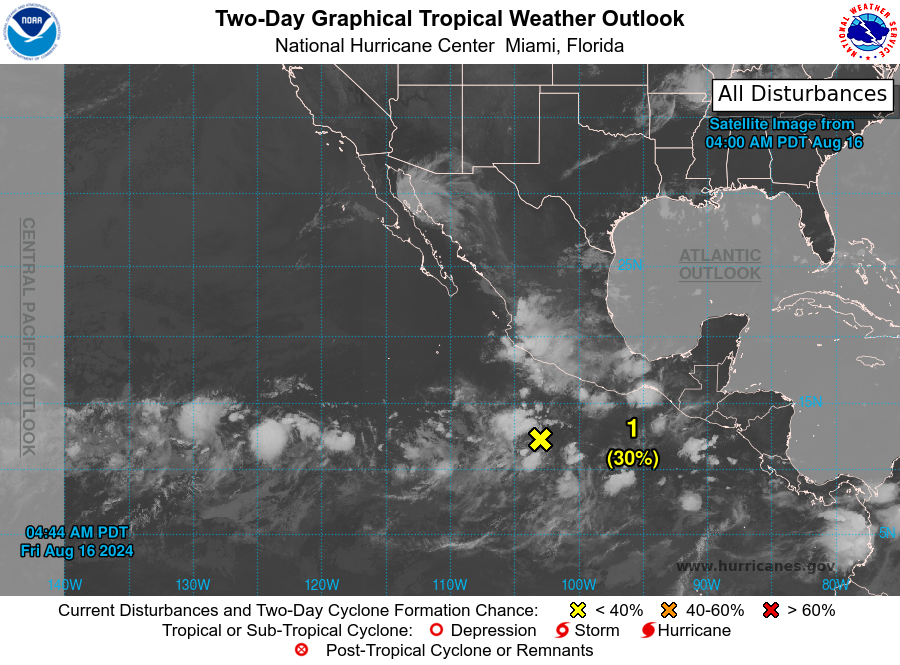
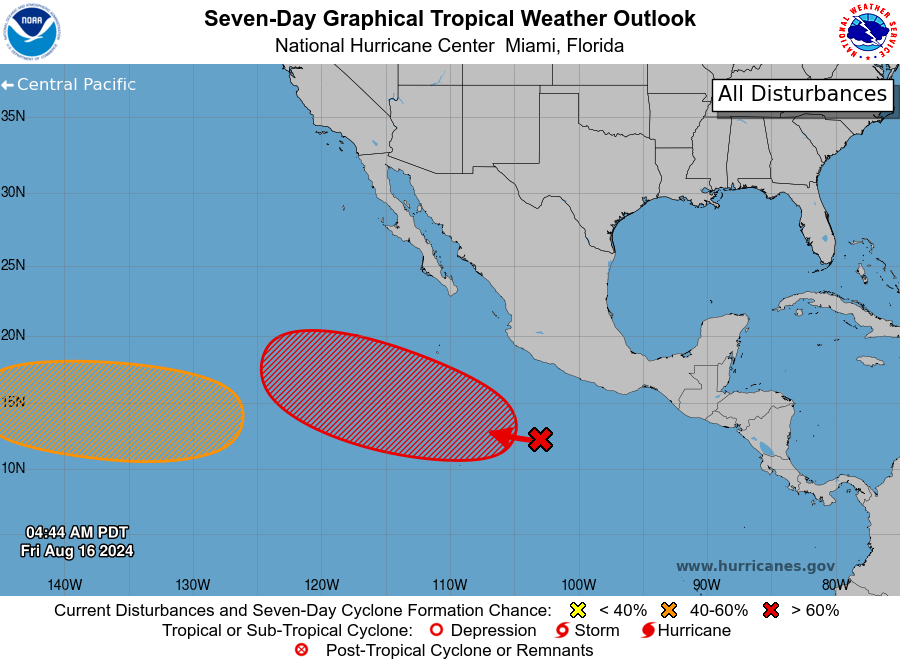
For the eastern North Pacific...east of 140 degrees west longitude:

1. Offshore of Southwestern Mexico: A large area of disorganized showers and thunderstorms located a few hundred miles south of the southwestern coast of Mexico are associated with a tropical wave. Environmental conditions appear conducive for gradual development of this system during the next few days, and a tropical depression is likely to form early next week while it moves west-northwestward away from the coast of Mexico.
* Formation chance through 48 hours...low...30 percent.
* Formation chance through 7 days...high...80 percent.

2. Western Portion of the East Pacific: A broad area of low pressure could form by this weekend well to the west-southwest of the southern tip of the Baja California peninsula. Some slow development of this system is possible during the early and middle parts of next week while it moves generally westward across the western portion of the East Pacific and into the Central Pacific basin. Information on this system's development can also be found in the Tropical Weather Outlook for the Central Pacific basin.
* Formation chance through 48 hours...low...near 0 percent.
* Formation chance through 7 days...medium...40 percent.

The Tropical Weather Outlook for the Central Pacific basin can be found under AWIPS header HFOTWOCP and WMO header ACPN50 PHFO and on the web at hurricanes.gov

Forecaster Berg